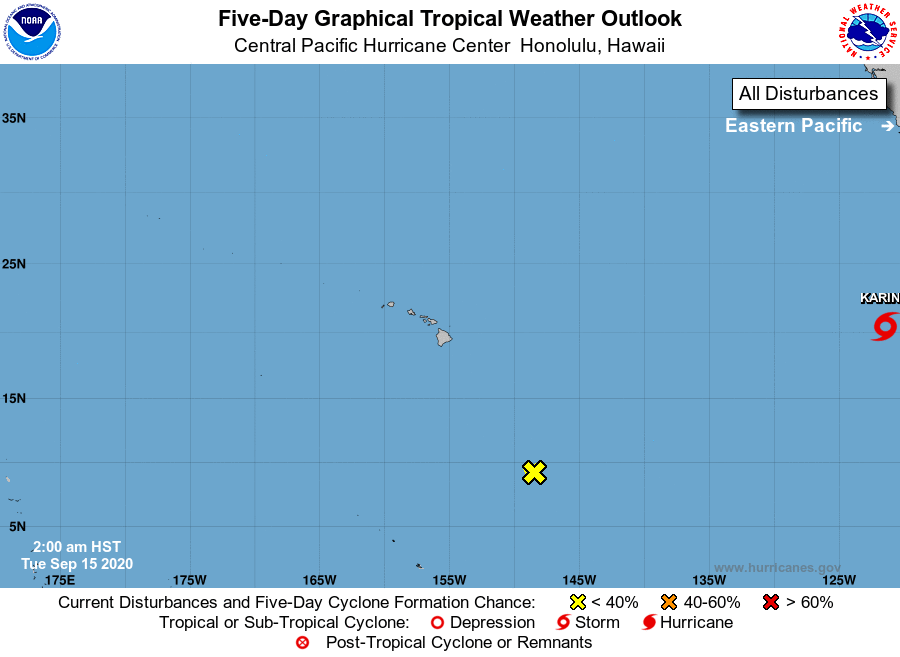
For the central North Pacific...between 140W and 180W:

1. A disturbance about 850 miles southeast of Hilo, Hawaii remains disorganized. Environmental conditions are not expected to be favorable for the disturbance to strengthen as it moves west.
* Formation chance through 48 hours...low...near 0 percent.
* Formation chance through 5 days...low...near 0 percent.

Elsewhere, no tropical cyclones are expected during the next 5 days.

Forecaster Donaldson